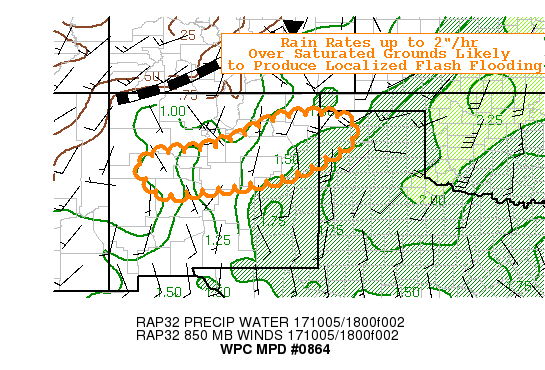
AREAS AFFECTED...CENTRAL NM...WESTERN NORTH TX PANHANDLE...

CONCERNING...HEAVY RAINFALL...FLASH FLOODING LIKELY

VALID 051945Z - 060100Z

SUMMARY...ADDITIONAL BOUT OF THUNDERSTORMS WITH RAIN RATES UP TO
2"/HR AND SLOW CELL MOTIONS FALLING ACROSS COMPROMISED SOIL
CONDITIONS POSE POSSIBLE FLASH FLOODING CONCERNS THIS EVENING.

DISCUSSION...GOES-WV LOOP SHOWS FAIRLY LAMINAR AND DEEP SWLY FLOW
ACROSS THE FOUR CORNERS WITH BROAD CORE (90-100KT) OF 3H JET
ACROSS ACROSS THE CENTRAL CO ROCKIES LEAVING MUCH OF NEW MEXICO
WITHIN A WEAKLY DIFFLUENT AS RIGHT ENTRANCE REGION. VERY SIMILAR
ORIENTATION EXISTS WITH THE DEEP MOISTURE GRADIENT PER CIRA
LAYERED/TOTAL PW ANALYSIS RANGING FROM .75 IN THE NW CORNER TO 1.5
IN THE SE...WITH 1.25" TOTALS ON AVERAGE.  LOW LEVEL INFLOW
CONTINUES TO BE WEAK AT/BELOW 15-20KTS BUT SHOW SOME BACKING
RESPONSE TO WEAK HEIGHT FALLS/DAY TIME HEATING ON THE MOUNTAIN
RANGES.  THIS FLOW BECOMES INCREASINGLY CONFLUENT FURTHER INTO
CENTRAL NM AS WELL AS TURNING WITH ALTITUDE.  THIS SUGGESTS SOLID
MOISTURE CONVERGENCE AS WELL AS A GENERAL TRAINING SW TO NE
PROFILE AS CONVECTION PROPAGATES EASTWARD.

EFFECTIVE BULK SHEAR RANGES FROM 30KTS OVER CENTRAL NM TO 60KTS
ACROSS NW NM...POSING POTENTIAL FOR SUPERCELLULAR STRUCTURES
(REFER TO SPC MESO DISCUSSION 1690 FOR MORE DETAILS).  SUPERCELLS
WILL MAXIMIZE/STRENGTHENING MOISTURE FLUX/CONVERGENCE AS WELL AS
SLOW FORWARD PROGRESS...BOTH SUPPORTING INCREASED RAIN RATES AS
HIGH AS 2"/HR AND WITH 20-25KT FORWARD PROGRESS LEAD TO 1-2"
TOTALS.  THE CONCERN IS FOR FLANKING LINE DEVELOPMENT AND
POTENTIAL FOR ADDITIONAL UPSTREAM CELLS TO REGENERATE/TRACK ACROSS
SIMILAR PATHS SUPPORTING THE THREAT FOR ISOLATED AREAS OF 2-3" AS
SUGGESTED BY RECENT HRRRV3 SOLUTIONS.

IRRESPECTIVE OF CELL MODE...HRRR/HRRRV3 SOIL TOP CM SATURATION
VALUES ARE WELL OVER 80% ACROSS THE DISCUSSION REGION WITH SOME
100% AREAS ALREADY DUE TO PRIOR TWO DAYS OF HEAVY RAINFALL (MAINLY
OVER GUADELUPE/QUAY/SAN MIGUEL/SE HARDING LEAKING INTO THE WESTERN
TX PANHANDLE OLDHAM/HARTLEY COUNTIES).  OBVIOUSLY THIS IS THE
GREATEST THREAT AREA FOR FLASH FLOODING AND ANY CELLS CAPABLE OF
RATES OF 1.5-2"/HR AND TOTALS OVER 1" ARE LIKELY TO TRIGGER
ADDITIONAL RUNOFF/FLASH FLOODING CONCERNS.  WHILE CURRENT COVERAGE
IS LIMITED...INSTABILITY/MOISTURE/LIFT IS SUFFICIENT ACROSS THIS
AREA THIS EVENING IN LOCALIZED AREAS TO CONSIDERED FLASH FLOODING
LIKELY...THOUGH PLACES THAT HAVE NOT SEEN COMPROMISED SOILS MAINLY
FURTHER WEST...FF RISK IS ONLY POSSIBLE AND EVEN MORE ISOLATED IN
AREAL EXTENT.